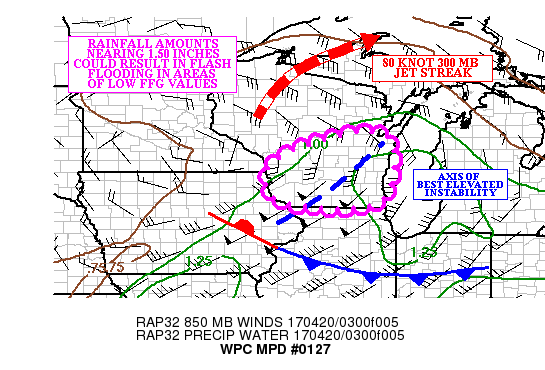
AREAS AFFECTED...PORTIONS OF CENTRAL AND SOUTHERN WI

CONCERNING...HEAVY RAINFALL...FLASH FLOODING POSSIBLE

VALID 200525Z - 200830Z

SUMMARY...ELEVATED CONVECTION OVER AREAS WITH LOWER FLASH FLOOD
GUIDANCE VALUES COULD RESULT IN FLASH FLOODING ACROSS PORTIONS OF
CENTRAL AND SOUTHERN WI THROUGH THE EARLY MORNING HOURS.

DISCUSSION...REGIONAL RADARS INDICATED A LINE OF ELEVATED
CONVECTION EXTENDING FROM  FAR EASTERN IA INTO CENTRAL WI. THE
CONVECTION WAS BEING MAINTAINED BY AN AXIS OF 500-1000 J/KG MUCAPE
EXTENDING OVER THE SAME AREA.  A 40 TO 50 KNOT LOW LEVEL SOUTHWEST
FLOW CONTINUES TO FUNNEL A 1.25 INCH PRECIPITABLE PLUME JUST AHEAD
OF THE CONVECTION...WHICH REMAINS ORGANIZED DUE TO DECENT
DIFFLUENCE IN THE PRESENCE OF AN 80 KNOT JET STREAK OVER NORTHERN
WI.

WHILE THE CONVECTION HAS BEEN PROGRESSIVE...THE KARX RADAR HAS
SHOWN HOURLY RAINFALL RATES NEAR AN INCH OVER EASTERN IA AND FAR
SOUTHWEST WI. MESONET OBSERVATIONS HAVE SHOW 1.00 TO 1.50 INCH
RAINFALL AMOUNTS IN THREE HOURS ASSOCIATED WITH THE CONVECTION
OVER FAR SOUTHEAST NM AND FAR SOUTHWEST WI.

HIGH RESOLUTION GUIDANCE SUGGESTS THAT SIMILAR RAINFALL AMOUNTS
ARE POSSIBLE OVER THE REMAINDER OF CENTRAL AND SOUTHERN WI THROUGH
0830Z...AS THE LATEST RAP SHOWED 500-1000 J/KG OF MUCAPE REMAINING
AVAILABLE TO THE ELEVATED CONVECTION THROUGH THAT TIME. IT SHOULD
BE NOTED THAT ALMOST ALL OF THE AVAILABLE HIGH RESOLUTION GUIDANCE
(INCLUDING THE LATEST HRRR/EXPERIMENTAL HRRR) ARE A COUPLE OF
HOURS TOO SLOW ACROSS WI.

FLASH FLOOD GUIDANCE VALUES ACROSS PORTIONS OF SOUTHEAST WI ARE AS
LOW AS 1.00 TO 1.50 INCHES IN THREE HOURS...AND GIVEN THESE
AMOUNTS HAVE ALREADY OCCURRED WITH THE ELEVATED CONVECTION...A
FLASH FLOOD THREAT IS EXPECTED TO REMAIN IN PLACE THROUGH 0830Z.
AFTER THAT TIME...WEAKENING INSTABILITY AND MOVEMENT OF THE
CONVECTION OUT OF WI SHOULD MITIGATE ANY REMAINING FLASH FLOOD
THREAT.